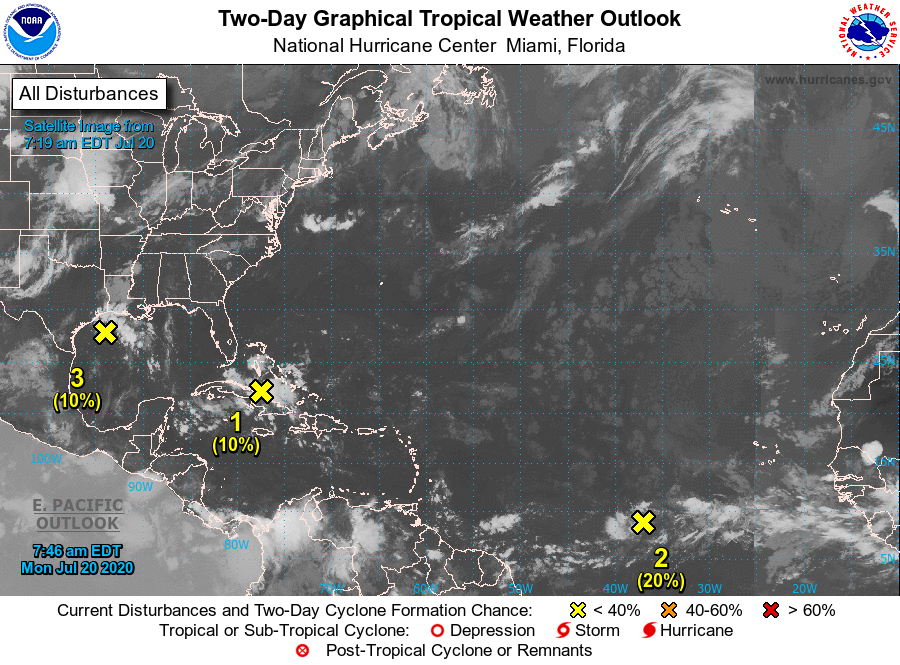
For the North Atlantic...Caribbean Sea and the Gulf of Mexico:

1. Disorganized showers and thunderstorms over the Bahamas, central and eastern Cuba, and the adjacent Atlantic waters are associated with a tropical wave. This system is expected to move west-northwestward through the Straits of Florida today, over the southeastern Gulf of Mexico by Tuesday, across the central Gulf on Wednesday, and reach the northwestern Gulf on Thursday. Environmental conditions could become a little more conducive for development of this system once it reaches the Gulf of Mexico.
* Formation chance through 48 hours...low...10 percent.
* Formation chance through 5 days...low...20 percent.

2. Shower activity associated with a tropical wave located about 1000 miles west-southwest of the Cabo Verde Islands has become a little better organized this morning. Environmental conditions are expected to be marginally conducive for development of this system during the next few days while it moves westward at 10 to 15 mph over the tropical Atlantic. By Friday and over the weekend, conditions are forecast to become less favorable for tropical cyclone formation.
* Formation chance through 48 hours...low...20 percent.
* Formation chance through 5 days...low...20 percent.

3. Surface observations indicate that a weak low pressure area has formed over the northwestern Gulf of Mexico. The associated shower and thunderstorm activity is currently disorganized, and little additional development is expected before the system moves inland over Texas tonight or Tuesday.
* Formation chance through 48 hours...low...10 percent.
* Formation chance through 5 days...low...10 percent.

Forecaster Beven